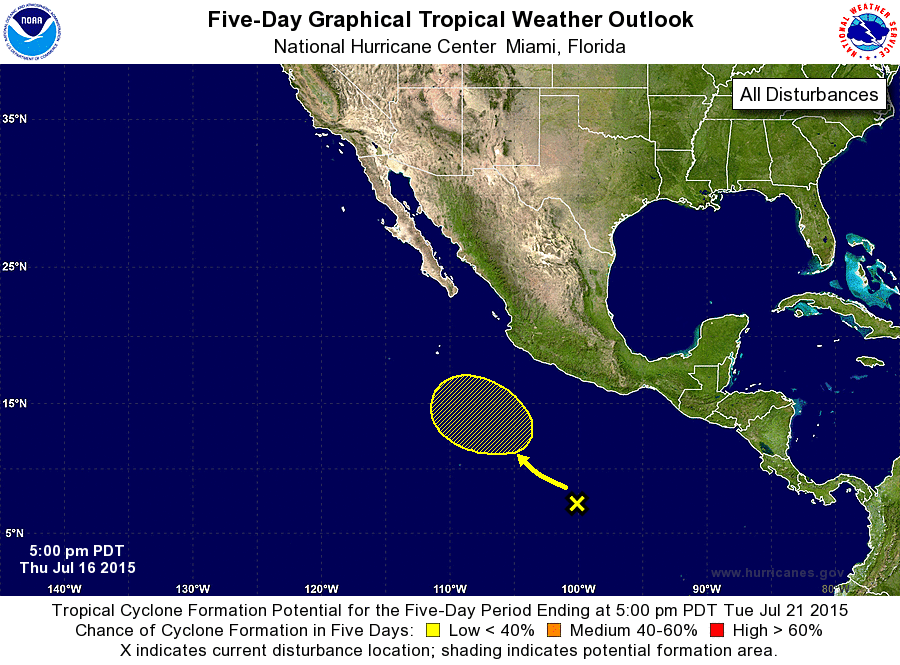
For the eastern North Pacific...east of 140 degrees west longitude:

The National Hurricane Center is issuing advisories on Hurricane Dolores, located a couple of hundred miles southwest of Cabo San Lucas, Mexico, and on Tropical Depression Enrique, located well west of the southern tip of the Baja California peninsula.

1. A weak area of low pressure, associated with a tropical wave, is located about 700 miles south-southwest of the Gulf of Tehuantepec. Some gradual development is possible early next week while this system moves slowly west-northwestward or northwestward.
* Formation chance through 48 hours...low...near 0 percent
* Formation chance through 5 days...low...20 percent

Forecaster Landsea